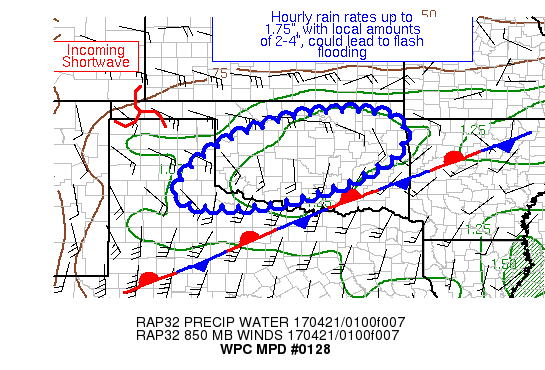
AREAS AFFECTED...PORTIONS OF OK & NORTHWEST TX

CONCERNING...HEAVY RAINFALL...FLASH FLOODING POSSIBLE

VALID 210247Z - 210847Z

SUMMARY...ELEVATED THUNDERSTORMS ARE EXPECTED TO BACKBUILD/TRAIN
NORTH OF A FRONTAL BOUNDARY NEAR THE RED RIVER VALLEY.  HOURLY
RAIN RATES TO 1.75", WITH LOCAL AMOUNTS OF 2-4", COULD LEAD TO
FLASH FLOODING.

DISCUSSION...THE FIRST ISOLATED SHOWERS AND THUNDERSTORMS BEGAN TO
DEVELOP AROUND 02Z NEAR THIS AREA AS LOW-LEVEL INFLOW VEERED TO A
MORE SOUTHERLY DIRECTION ACROSS THE SOUTHERN PLAINS.  AN INCOMING
NEGATIVELY TILTED SHORTWAVE IS INCREASING UPPER DIVERGENCE ALOFT.
BULK SHEAR IN THE 0-6 KM LAYER IS ~50 KTS PER SPC MESOANALYSES.
INFLOW AT 850 HPA IS NOW 30-35 KTS OUT OF THE SOUTH, NEAR THE
MAGNITUDE OF THE 850-400 HPA MEAN WIND.  PRECIPITABLE WATER VALUES
OF AROUND 1.25" EXIST IN THIS AREA PER SOUNDINGS AND RECENT GPS
DATA.  PER MID-LEVEL CAPPING ACROSS THE AREA, SEEN ON AREA
SOUNDINGS, INSTABILITY EXISTS UNUSUALLY FAR POLEWARD OF THE
SURFACE BOUNDARY, ON THE ORDER OF 1000-2000 J/KG MUCAPE-WISE.

THUNDERSTORM WILL SHIFT FROM NORTHEASTERLY TO A MORE
EAST-NORTHEAST MOTION AS THEY ATTEMPT TO BACKBUILD, EXPAND, AND
THEN TRAIN ACROSS PORTIONS OF OK WHILE MOVING EAST-NORTHEAST AT
35-40 KTS.  EMBEDDED MESOCYCLONES COULD HELP AMP UP THE HEAVY RAIN
POTENTIAL.  THE MAIN THREAT OF CELL TRAINING IS EXPECTED TO BE
BEYOND 06Z.  WITH TIME, INSTABILITY IS EXPECTED TO ERODE ACROSS
NORTHERN AND CENTRAL OK WHICH SHOULD REORIENT THE CONVECTION TO A
MORE EAST-WEST, AND EVENTUALLY WEST-NORTHWEST/EAST-SOUTHEAST
ORIENTATION.  THE WIND FLOW SHOULD BECOME INCREASINGLY
UNIDIRECTIONAL WITH HEIGHT WITH TIME.  WHILE GUIDANCE APPEARS
UNDERDONE ON AMOUNTS NEAR CHILDRESS, RECENT ARW, HRRR, WRF4NSSL,
AND NAM CONEST GUIDANCE APPEARS TO HAVE A REASONABLE HANDLE ON
THIS CONVECTIVE ACTIVITY.  HOURLY RAIN RATES TO 1.75", WITH LOCAL
AMOUNTS OF 2-4" ADVERTISED BY THE GUIDANCE, COULD CREATE FLASH
FLOOD ISSUES IN HILLY TERRAIN AND URBAN AREAS.